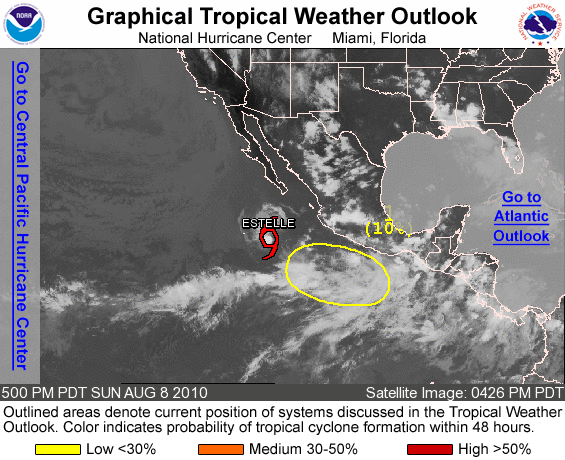
FOR THE EASTERN NORTH PACIFIC...EAST OF 140 DEGREES WEST LONGITUDE..

THE NATIONAL HURRICANE CENTER IS ISSUING ADVISORIES ON TROPICAL STORM ESTELLE...LOCATED ABOUT 355 MILES SOUTH-SOUTHWEST OF THE SOUTHERN TIP OF BAJA CALIFORNIA.

1. A LARGE AREA OF DISTURBED WEATHER LOCATED A FEW HUNDRED MILES SOUTHWEST OF ACAPULCO MEXICO SHOWS SOME SIGNS OF ORGANIZATION. HOWEVER...ANY DEVELOPMENT OF THIS DISTURBANCE SHOULD BE SLOW TO OCCUR DUE TO STRONG UPPER-LEVEL WINDS. THERE IS A LOW CHANCE...10 PERCENT...OF THIS SYSTEM BECOMING A TROPICAL CYCLONE WHILE IT MOVES LITTLE DURING THE NEXT 48 HOURS.

ELSEWHERE...TROPICAL CYCLONE FORMATION IS NOT EXPECTED DURING THE NEXT 48 HOURS.

FORECASTER PASCH/KIMBERLAIN